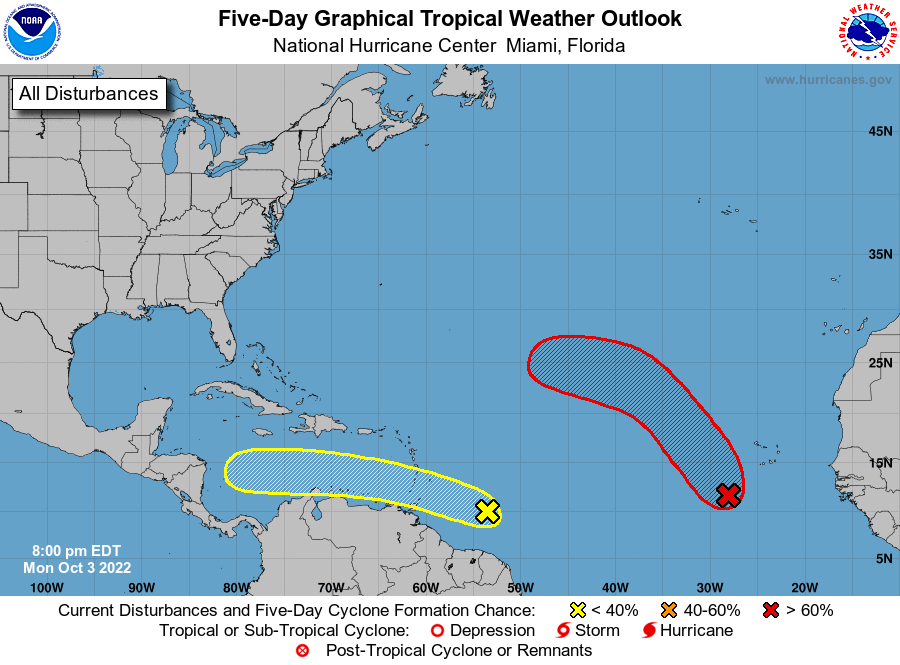
For the North Atlantic...Caribbean Sea and the Gulf of Mexico:

1. Eastern Tropical Atlantic: Showers and thunderstorms continue to increase today near a broad area of low pressure located a few hundred miles southwest of the Cabo Verde Islands. Environmental conditions are conducive for further development, and a tropical depression is likely to form in a day or two. Further development should become less likely late this week due to increasing upper-level winds. The system is forecast to move generally northwestward over the eastern tropical Atlantic.
* Formation chance through 48 hours...high...70 percent.
* Formation chance through 5 days...high...80 percent.

2. East of the Windward Islands: A tropical wave located a few hundred miles east of the southern Windward Islands is producing disorganized showers and thunderstorms. Slow development is possible during the next several days while the wave moves generally westward at 15 to 20 mph, reaching the Windward Islands and the eastern Caribbean Sea by midweek and the western Caribbean over the weekend. Interests in the Windward Islands should monitor the progress of this system.
* Formation chance through 48 hours...low...20 percent.
* Formation chance through 5 days...low...30 percent.

Forecaster Blake